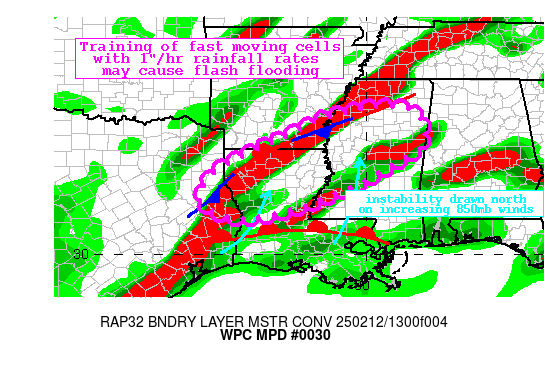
Areas affected...Lower Missisippi Valley

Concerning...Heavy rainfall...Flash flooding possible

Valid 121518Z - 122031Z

Summary...Showers and thunderstorms will expand in coverage and
begin to train from SW to NE through the afternoon. Rainfall rates
in excess of 1"/hr will become more common, which through training
may produce 2-3" of rain. This could lead to instances of flash
flooding.

Discussion...The regional radar mosaic this morning depicts two
areas of heavy precipitation spreading across portions of the Gulf
Coast and lower Mississippi Valley states. A meandering stationary
front analyzed by WPC draped from northern MS into eastern TX is
providing focus for a corridor of convection, while a more broad
warm front slowly lifting across LA/MS is helping to spawn warm
advection showers and isolated thunderstorms. In general, rainfall
rates this morning have been between 0.25 and 0.5 inches per hour,
but a few embedded 1"/hr cells have recently been observed via
MRMS radar estimates. This has produced locally 2-3" of rain in
the past 6 hours, and a few flood advisories are currently in
effect.

As the morning progresses into the afternoon, upstream troughing
across the Central Plains will amplify, with synoptic ascent
becoming enhanced across the region through height falls, PVA, and
an intensifying jet streak aloft. Together, this will help lift
the warm front more steadily northward, leading to greater
instability drawing northward and impinging into the stationary
front. This is reflected by impressive moisture transport vector
convergence later this morning, especially from northern LA into
northern MS. As CAPE climbs to 500-1000 J/kg, this will support
more widespread convective rain rates which the HREF indicates
have a 20-40% chance of exceeding 1"/hr, with short term rain
rates potentially eclipsing 2"/hr as shown by the HRRR 15-min
fields. Storm motions will remain quick on 850-300mb winds of
40-60 kts, but organization along this boundary and some
backbuilding into TX will support training. This suggests that
despite the fast motion of individual cells, some areas may pick
up 2-3" of rain.

The soils across this region are generally saturated as noted via
NASA SPoRT 40cm soil moisture that is around the 90th-95th
percentile. This has reduced FFG to just 1-2"/3 hrs, or less, in
many areas, for which the HREF suggests has a 20-50% chance of
exceedance in the next few hours. This is further reflective of
the isolated potential for flash flooding into this afternoon.